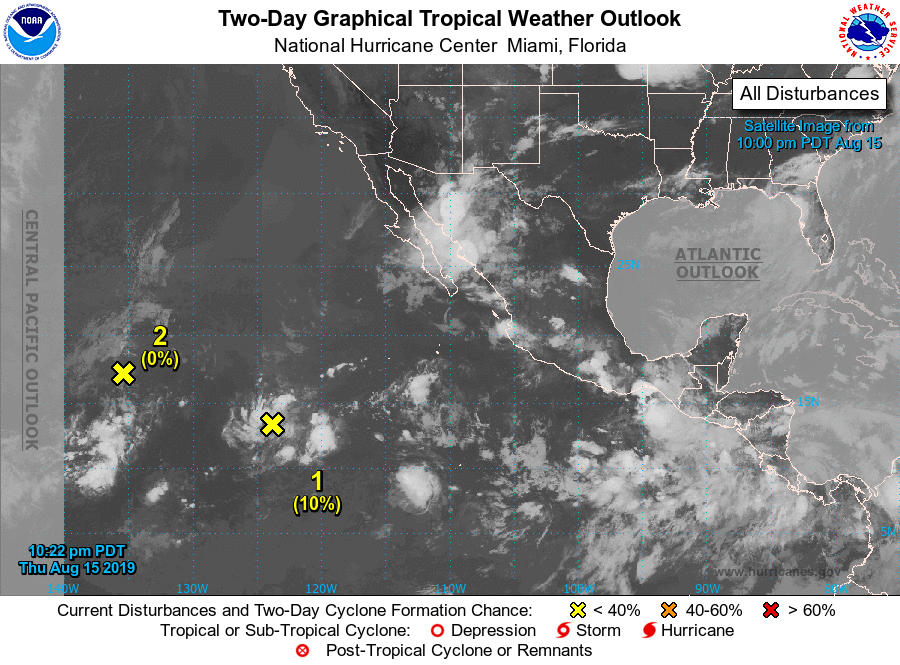
For the eastern North Pacific...east of 140 degrees west longitude:

1. An area of disturbed weather has formed about 1000 miles southwest of the southern tip of the Baja California peninsula. Although the associated shower and thunderstorm activity is showing some signs of organization, the system does not appear to have a well-defined surface center. Slow development of this disturbance is possible during the next couple of days while it moves westward across the tropical eastern Pacific.
* Formation chance through 48 hours...low...10 percent.
* Formation chance through 5 days...low...10 percent.

2. An elongated area of low pressure located about 1700 miles west of the southern tip of the Baja California peninsula is producing intermittent showers and thunderstorms. Environmental conditions are not conducive for development and tropical cyclone formation is not anticipated. The low is forecast to move generally westward at 10 to 15 mph for the new couple of days.
* Formation chance through 48 hours...near 0 percent.
* Formation chance through 5 days...near 0 percent.

3. An area of low pressure is forecast to form south of the coasts of El Salvador, Guatemala, and southeastern Mexico in a day or two. Environmental conditions are expected to be conducive for gradual development of the low thereafter and a tropical depression could form by early next week while the system moves slowly westward or west-northwestward. Regardless of development, moisture associated with the system is forecast to produce heavy rainfall and possible flash flooding across portions of Central America during the next several days.
* Formation chance through 48 hours...low...near 0 percent.
* Formation chance through 5 days...medium...40 percent.

Forecaster Zelinsky